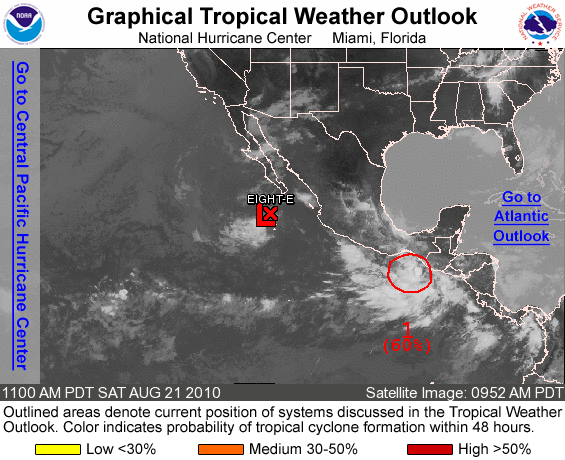
FOR THE EASTERN NORTH PACIFIC...EAST OF 140 DEGREES WEST LONGITUDE..

THE NATIONAL HURRICANE CENTER IS ISSUING ADVISORIES ON TROPICAL DEPRESSION EIGHT-E...LOCATED ABOUT 185 MILES SOUTH-SOUTHWEST OF THE SOUTHERN TIP OF BAJA CALIFORNIA.

1. SHOWERS AND THUNDERSTORMS HAVE CONTINUED TO BECOME BETTER ORGANIZED IN ASSOCIATION WITH AN AREA OF LOW PRESSURE LOCATED ABOUT 150 MILES SOUTH-SOUTHEAST OF THE GULF OF TEHUANTEPEC. ENVIRONMENTAL CONDITIONS APPEAR FAVORABLE FOR ADDITIONAL DEVELOPMENT...AND A TROPICAL DEPRESSION COULD FORM DURING THE NEXT DAY OR TWO AS THIS SYSTEM BEGINS TO MOVE SLOWLY WESTWARD. THERE IS A HIGH CHANCE...60 PERCENT...OF THIS SYSTEM BECOMING A TROPICAL CYCLONE DURING THE NEXT 48 HOURS. INTERESTS ALONG THE SOUTHERN COAST OF MEXICO SHOULD MONITOR THE PROGRESS OF THIS SYSTEM.

ELSEWHERE...TROPICAL CYCLONE FORMATION IS NOT EXPECTED DURING THE NEXT 48 HOURS.

FORECASTER LOWRY/BRENNAN